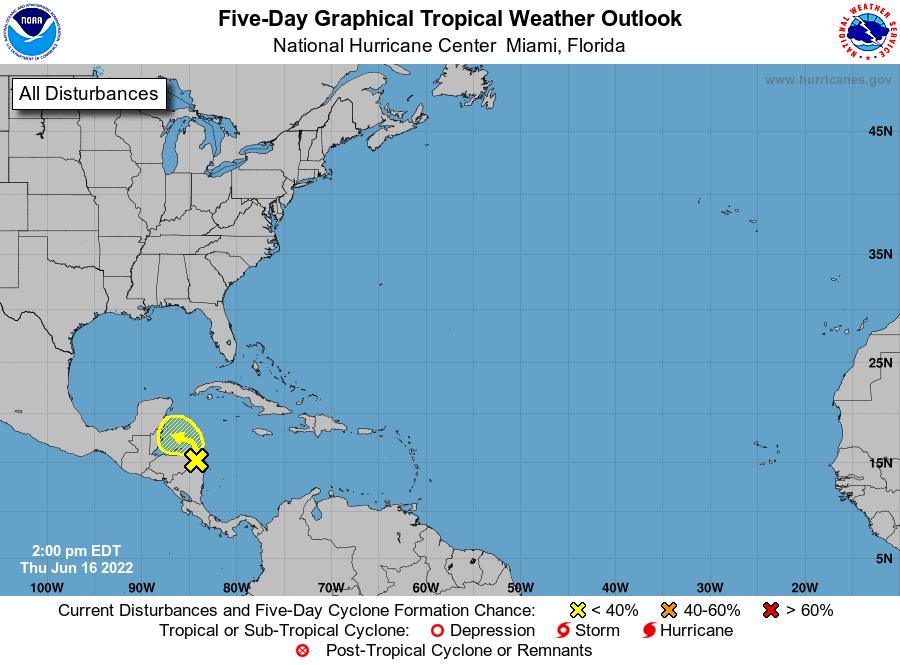
For the North Atlantic...Caribbean Sea and the Gulf of Mexico:

1. Southwestern Caribbean Sea: Disorganized showers and thunderstorms over the western Caribbean Sea are associated with a trough of low pressure located inland over eastern Honduras. Some slight development is possible tonight through Friday while the disturbance moves westward over the Gulf of Honduras. Subsequent development is unlikely once the system moves inland over northern Central America and southeastern Mexico Friday night. Regardless of development, locally heavy rainfall is possible over Honduras, Belize and southeastern Mexico through the weekend.
* Formation chance through 48 hours...low...10 percent.
* Formation chance through 5 days...low...10 percent.

Forecaster Hagen/Papin